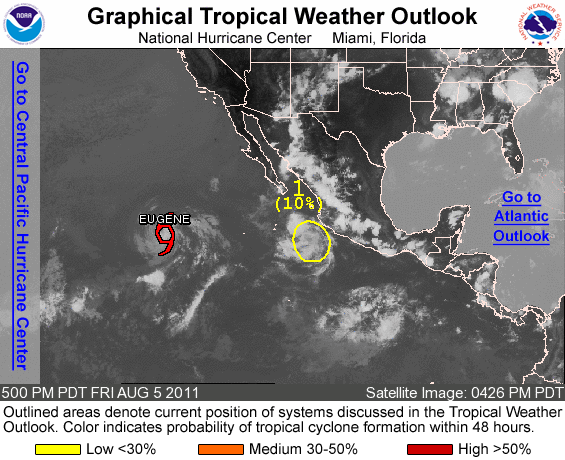
FOR THE EASTERN NORTH PACIFIC...EAST OF 140 DEGREES WEST LONGITUDE..

THE NATIONAL HURRICANE CENTER IS ISSUING ADVISORIES ON TROPICAL STORM EUGENE...LOCATED ABOUT 1000 MILES WEST-SOUTHWEST OF THE SOUTHERN TIP OF BAJA CALIFORNIA.

1. SHOWERS AND THUNDERSTORMS HAVE DIMINISHED IN ASSOCIATION WITH A WEAK AREA OF LOW PRESSURE CENTERED ABOUT 150 MILES SOUTHWEST OF MANZANILLO MEXICO. ENVIRONMENTAL CONDITIONS ARE NOT CONDUCIVE FOR DEVELOPMENT...AND THIS SYSTEM HAS A LOW CHANCE...10 PERCENT...OF BECOMING A TROPICAL CYCLONE DURING THE NEXT 48 HOURS AS IT MOVES TO THE WEST-NORTHWEST NEAR 10 MPH.

ELSEWHERE...TROPICAL CYCLONE FORMATION IS NOT EXPECTED DURING THE NEXT 48 HOURS.

FORECASTER BLAKE